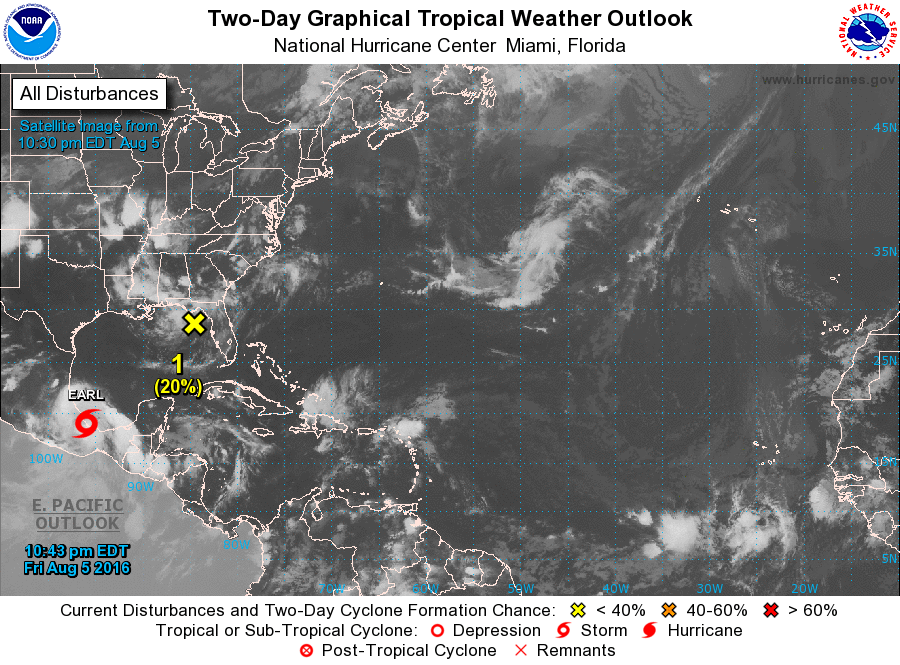
For the North Atlantic...Caribbean Sea and the Gulf of Mexico:

The National Hurricane Center is issuing advisories on Tropical Storm Earl, located over the extreme southwestern Bay of Campeche.

1. An area of cloudiness and thunderstorms associated with a trough of low pressure is located over the northeastern Gulf of Mexico. Some gradual development of this system is possible while it meanders near the coasts of the eastern Florida panhandle and the northern Florida peninsula during the next few days.
* Formation chance through 48 hours...low...20 percent
* Formation chance through 5 days...low...30 percent

Forecaster Stewart